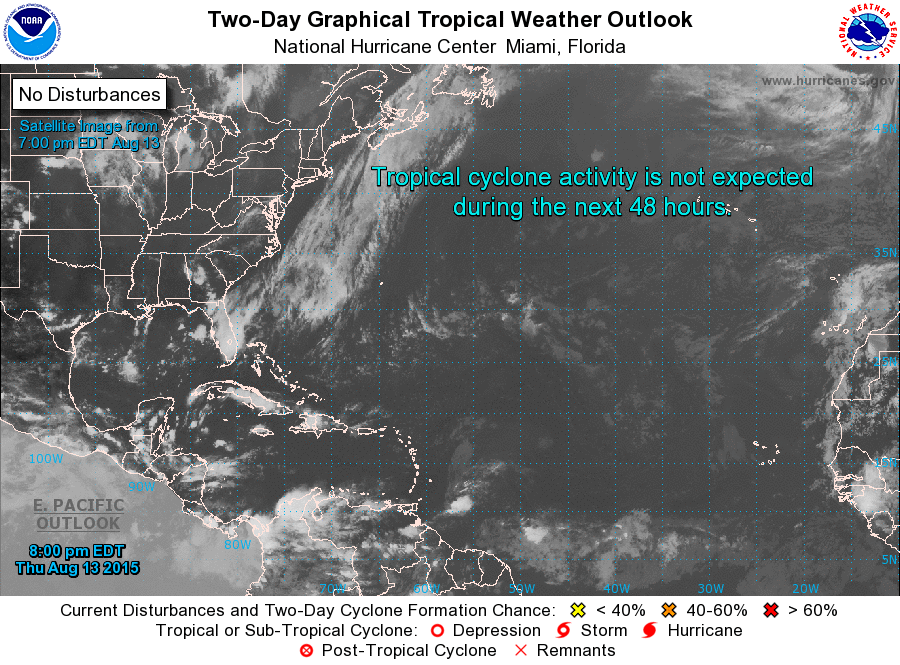
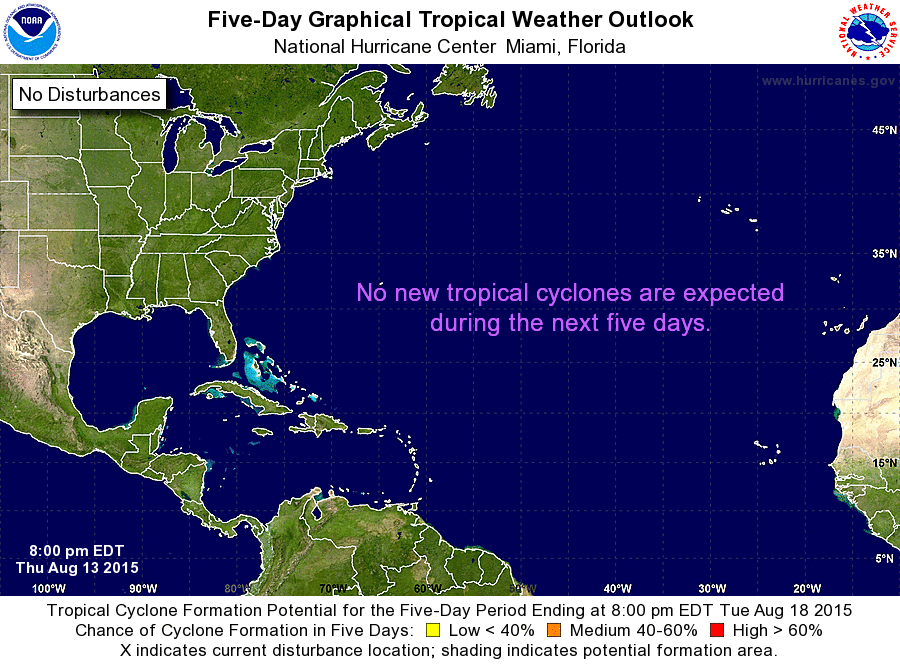
For the North Atlantic...Caribbean Sea and the Gulf of Mexico:

Tropical cyclone formation is not expected during the next 5 days.

Forecaster Berg